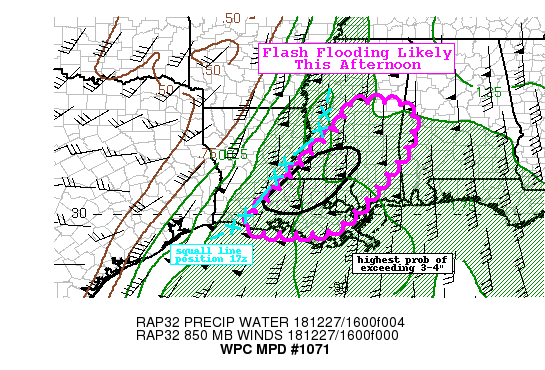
Areas affected...Louisiana into Central MS

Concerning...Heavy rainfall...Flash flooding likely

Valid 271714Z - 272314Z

Summary...A intense line of convection will slow its forward
movement increasing the risk for flash flooding, hourly rates
exceeding 2", and totals through 5 pm CST of 3-4".

Discussion...As of 17z, a well defined line of convection
continues across portions of west-central Mississippi down through
central Louisiana. This activity is being supported by broad upper
level divergence associated with a closed low over Kansas. A plume
of anomalously high moisture characterized by PWATS of 1.5 to 1.6"
all within a belt of strong 850 mb moisture transport exists ahead
of this low, in place over LA/MS. Finally, MLCAPE of 500 J/kg
extends as far north as central MS, which is expected to remain in
place through the afternoon, enhancing the risk for intense
rainfall rates. Overall, the environment is also supportive of
training convection, with the mean flow aligned parallel to storm
motions, especially by this afternoon where 850 mb flow is
expected to be 50-60 kts.

Through 23z, this line of storms is expected to run out ahead of
the best forcing/lift that is associated with the mid/upper level
low across the Plains. This should allow for a slowing trend in
the forward movement of the line, especially across Louisiana and
south-central Mississippi. The line is also likely to become less
north-south oriented, taking on some west-east components, as it
aligns itself with the mean 850 mb flow.

Recent observations and radar imagery show hourly rates exceeding
2" across portions of west-central MS and south-central LA, and as
the line slows down, there will be an increased risk for totals to
exceed 3-4" in places. The intense rates combined with the longer
duration will make flash flooding more likely as we head into the
afternoon hours.